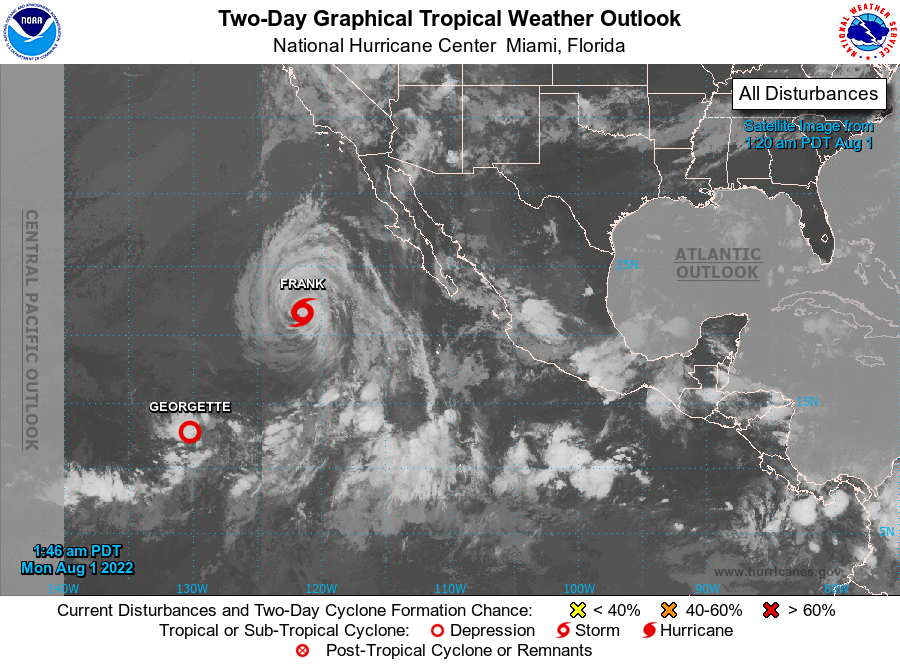
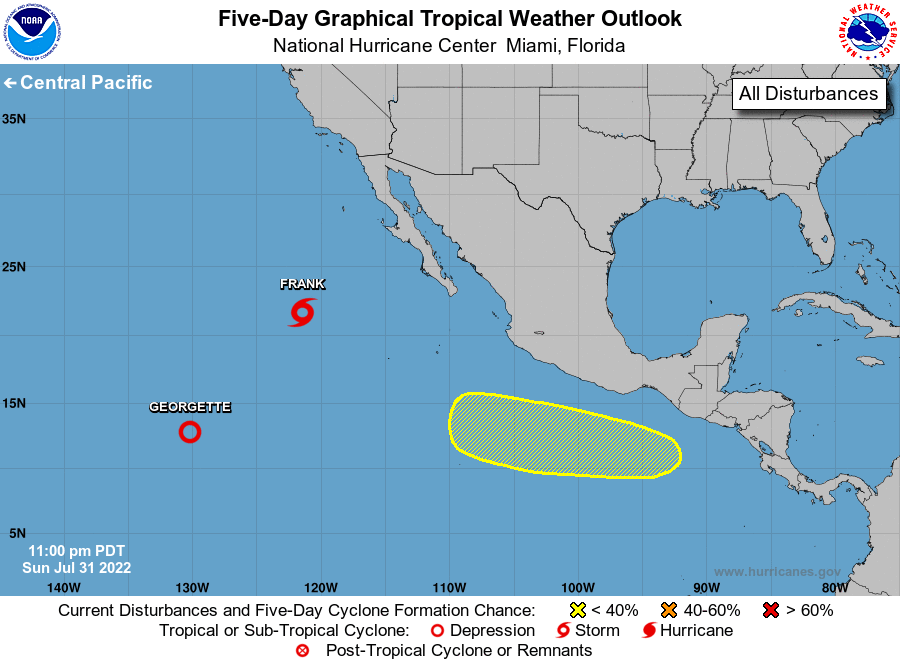
For the eastern North Pacific...east of 140 degrees west longitude:

Active Systems: The National Hurricane Center is issuing advisories on Hurricane Frank, located several hundred miles west of the southern tip of the Baja California peninsula, and on Tropical Depression Georgette, located about 1500 miles west-southwest of the southern tip of the Baja California peninsula.

1. Offshore of Southern Mexico: An area of low pressure is expected to form a few hundred miles south of eastern Mexico in a few days. Some development of this system is possible later this week while it moves west-northwestward.
* Formation chance through 48 hours...low...near 0 percent.
* Formation chance through 5 days...low...20 percent.

Forecaster Pasch